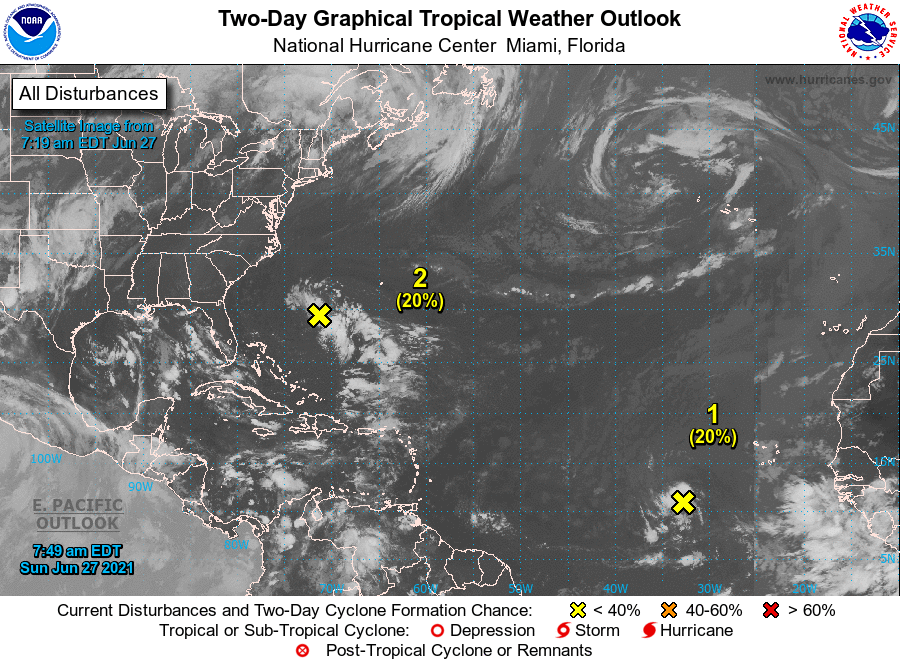
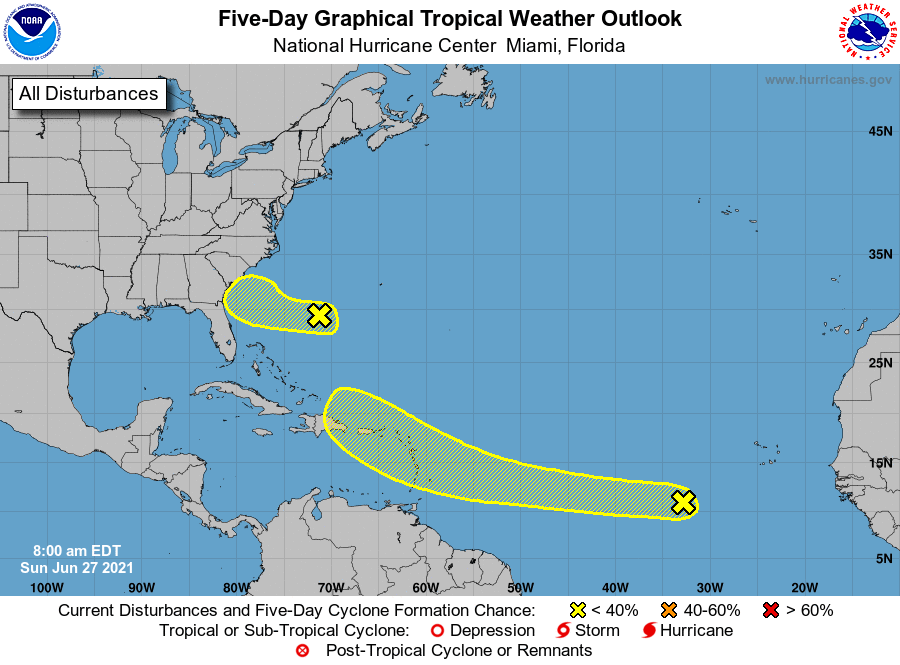
For the North Atlantic...Caribbean Sea and the Gulf of Mexico:

1. An area of low pressure associated with a tropical wave located over the eastern tropical Atlantic Ocean more than 600 miles southwest of the Cabo Verde Islands is producing a small area of showers and thunderstorms. Some slow development of this system is possible through the middle of the week while it moves a little faster toward the west and then west-northwest at about 20 mph.
* Formation chance through 48 hours...low...20 percent.
* Formation chance through 5 days...low...30 percent.

2. A surface trough interacting with an upper-level low is producing a broad area of disorganized showers and thunderstorms about 600 miles east-southeast of the Georgia coast. Surface pressures remain high across the area, and significant development of this system is not anticipated due to dry air and unfavorable upper-level winds. The disturbance is expected to move westward today, and then west-northwestward at about 15 mph on Monday, reaching the coast of the southeastern United States by late Monday.
* Formation chance through 48 hours...low...20 percent.
* Formation chance through 5 days...low...20 percent.

Forecaster Stewart